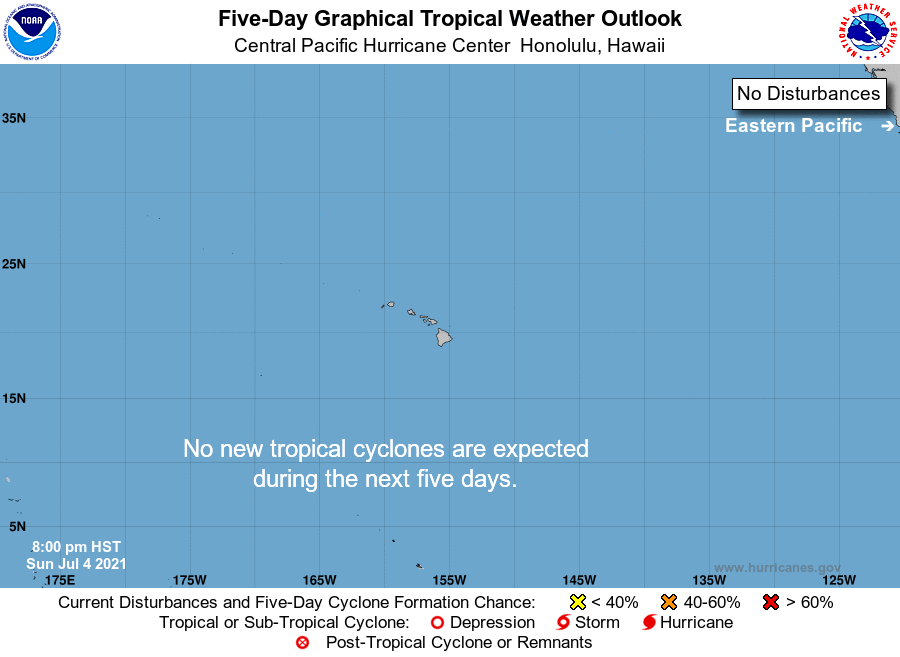
For the central North Pacific...between 140W and 180W:

No tropical cyclones are expected during the next 5 days.

Forecaster Houston